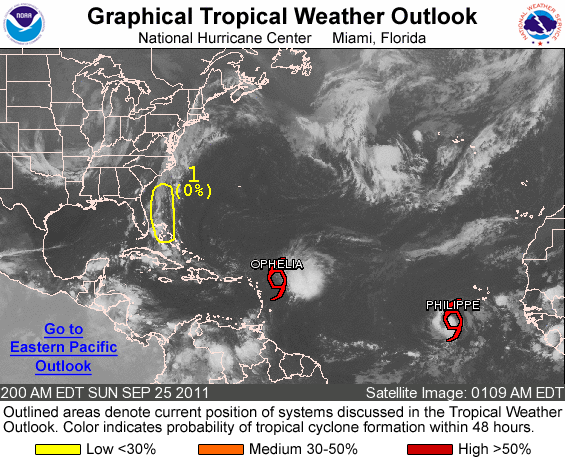
FOR THE NORTH ATLANTIC...CARIBBEAN SEA AND THE GULF OF MEXICO...

THE NATIONAL HURRICANE CENTER IS ISSUING ADVISORIES ON TROPICAL STORM OPHELIA...LOCATED ABOUT 310 MILES EAST OF THE NORTHERN LEEWARD ISLANDS...AND ON TROPICAL STORM PHILLIPE...LOCATED ABOUT 370 MILES SOUTHWEST OF THE SOUTHERNMOST CAPE VERDE ISLANDS.

1. CLOUDINESS AND SHOWERS EXTENDING FROM THE BAHAMAS NORTHWARD ACROSS THE WESTERN ATLANTIC FOR SEVERAL HUNDRED MILES ARE ASSOCIATED WITH AN ELONGATED AREA OF LOW PRESSURE. UPPER-LEVEL WINDS WILL BECOME EVEN LESS FAVORABLE FOR DEVELOPMENT OF THIS SYSTEM AS IT BEGINS TO INTERACT WITH A FRONTAL SYSTEM LATER TODAY. THIS SYSTEM HAS A LOW CHANCE...NEAR 0 PERCENT...OF BECOMING A TROPICAL CYCLONE DURING THE NEXT 48 HOURS.

ELSEWHERE...TROPICAL CYCLONE FORMATION IS NOT EXPECTED DURING THE NEXT 48 HOURS.

PUBLIC ADVISORIES ON PHILLIPE ARE ISSUED UNDER WMO HEADER WTNT32 KNHC AND UNDER AWIPS HEADER MIATCPAT2. FORECAST/ADVISORIES ON PHILLIPE ARE ISSUED UNDER WMO HEADER WTNT22 KNHC AND UNDER AWIPS HEADER MIATCMAT2.

FORECASTER BRENNAN